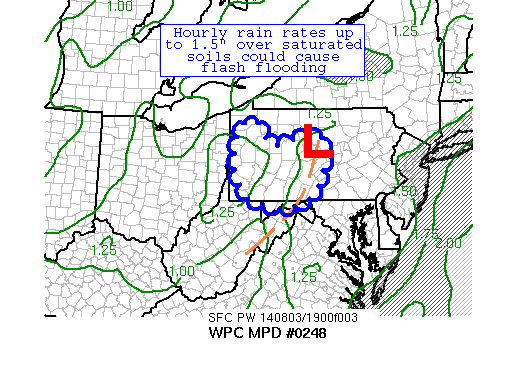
AREAS AFFECTED...SOUTHWEST PA

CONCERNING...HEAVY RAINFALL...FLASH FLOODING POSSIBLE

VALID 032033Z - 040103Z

SUMMARY...AN AREA OF THUNDERSTORMS WITH RAINFALL RATES UP TO 1.5"
AN HOUR IS ABOUT TO MOVE OVER A SATURATED REGION.  FLASH FLOODING
IS POSSIBLE.

DISCUSSION...THE LATEST SPC MESOANALYSIS OF SOUTHWEST PA SHOW THAT
CAPE VALUES HAVE REBOUNDED >1000 J/KG, WHICH WERE LOWER EARLIER
DUE TO THUNDERSTORM ACTIVITY EARLIER IN THE DAY.  LOW-LEVEL INFLOW
IS WEAK, INDICATING THAT THE STORMS SHOULD BE OUTFLOW-DOMINANT.
WITH A DEEP-LAYERED LOW TO ITS NORTHEAST, THE THUNDERSTORMS SHOULD
CONTINUE SWEEPING SLOWLY SOUTHEAST WITH TIME.

PRECIPITABLE WATER VALUES ARE 1.25-1.5", ON THE THRESHOLD FOR
FLASH FLOODING.  THIS REGION WAS SATURATED FROM RAINFALL
YESTERDAY, WHICH INCREASES THE FLASH FLOOD THREAT FROM WHAT ONE
WOULD NORMALLY EXPECT.  THOUGH THE NEIGHBORHOOD PROBABILITIES FROM
THE 12Z SSEO MEAN SHOW A MINIMAL SIGNAL, RAINFALL RATES FROM THE
CCX RADAR INDICATE LOCAL RAINFALL RATES OF 1.5" AN HOUR ARE
OCCURRING, WHICH WOULD EASILY COMPROMISE THE LOW FFGS. FLASH
FLOODING IS CONSIDERED POSSIBLE HERE UNTIL 01Z.